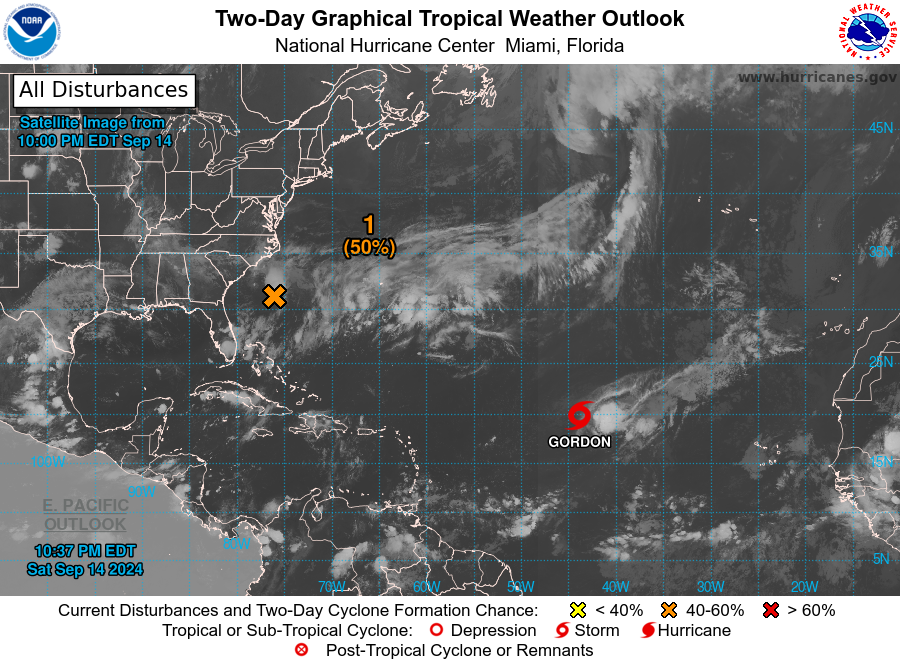
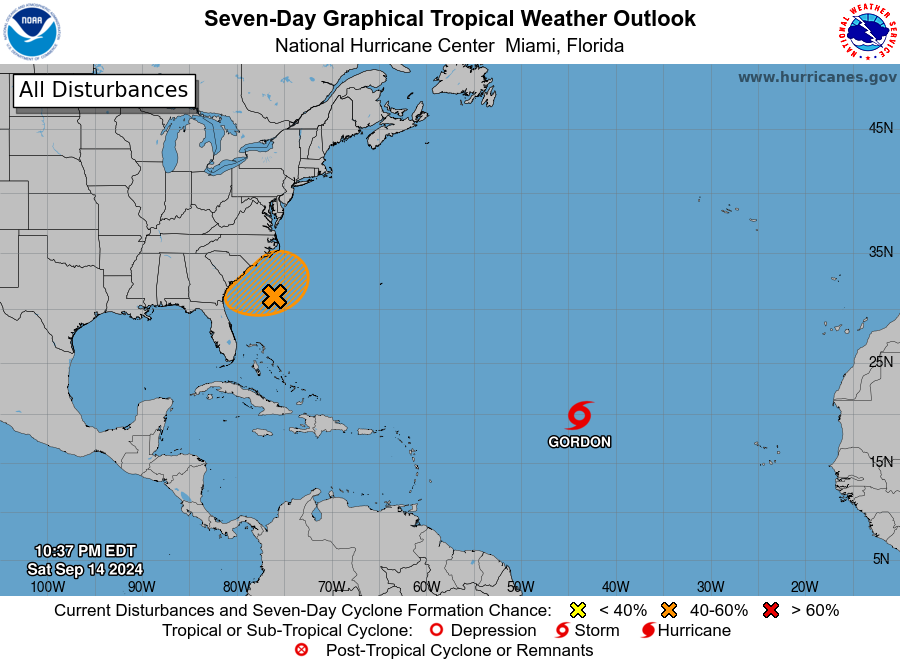
For the North Atlantic...Caribbean Sea and the Gulf of Mexico:

Active Systems: The National Hurricane Center is issuing advisories on Tropical Storm Gordon, located over the central tropical Atlantic Ocean.

1. Offshore the Southeastern U.S.: A non-tropical area of low pressure is expected to form during the next day or so along a frontal boundary a few hundred miles off the southeastern U.S. coastline. The system could gradually acquire subtropical or tropical characteristics afterward over the warm waters of the Gulf Stream and a subtropical or tropical depression or storm could form in the next couple of days, while the system moves generally northwestward toward the coast. Additional information on this system can be found in products issued by your local National Weather Service Forecast Office and High Seas Forecasts issued by the National Weather Service.
* Formation chance through 48 hours...medium...50 percent.
* Formation chance through 7 days...medium...50 percent.

High Seas Forecasts issued by the National Weather Service can be found under AWIPS header NFDHSFAT1, WMO header FZNT01 KWBC, and online at ocean.weather.gov/shtml/NFDHSFAT1.php

Forecaster Roberts